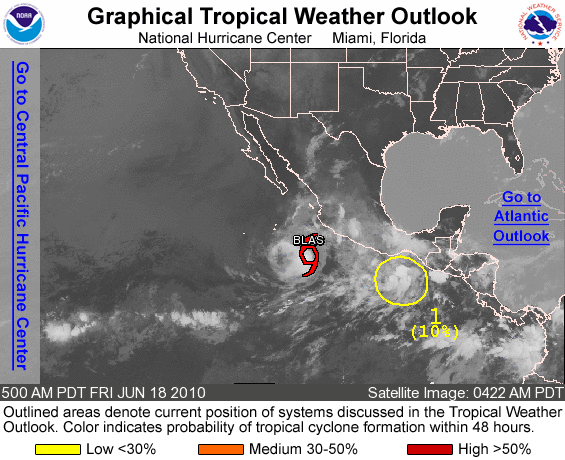
FOR THE EASTERN NORTH PACIFIC...EAST OF 140 DEGREES WEST LONGITUDE..

THE NATIONAL HURRICANE CENTER IS ISSUING ADVISORIES ON TROPICAL STORM BLAS LOCATED ABOUT 270 MILES SOUTHWEST OF MANZANILLO MEXICO.

1. AN AREA OF DISORGANIZED SHOWERS AND THUNDERSTORMS CENTERED A FEW HUNDRED MILES SOUTH OF THE GULF OF TEHUANTEPEC IS ASSOCIATED WITH A TROPICAL WAVE. DEVELOPMENT...IF ANY...IS EXPECTED TO BE SLOW TO OCCUR AS THE SYSTEM MOVES TOWARD THE WEST-NORTHWEST AT 5 TO 10 MPH. THERE IS A LOW CHANCE...10 PERCENT...OF THIS SYSTEM BECOMING A TROPICAL CYCLONE DURING THE NEXT 48 HOURS.

ELSEWHERE...TROPICAL CYCLONE FORMATION IS NOT EXPECTED DURING THE NEXT 48 HOURS.

PUBLIC ADVISORIES ON TROPICAL STORM BLAS ARE ISSUED UNDER WMO HEADER WTPZ33 KNHC AND UNDER AWIPS HEADER MIATCPEP3. FORECAST/ADVISORIES ON BLAS ARE ISSUED UNDER WMO HEADER WTPZ23 KNHC AND UNDER AWIPS HEADER MIATCMEP3.

FORECASTER BEVEN